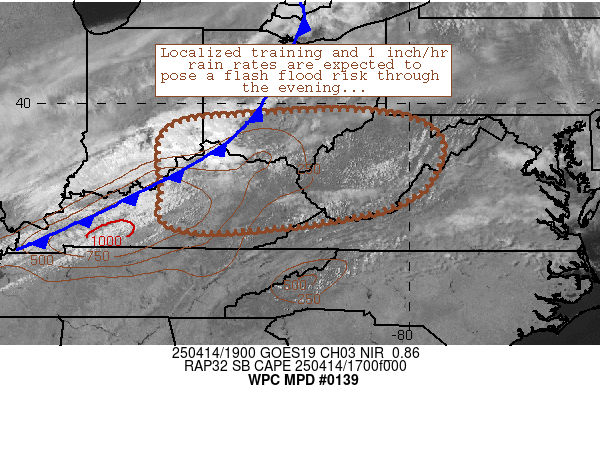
Areas affected...West Virginia, southern Ohio, northern/eastern
Kentucky

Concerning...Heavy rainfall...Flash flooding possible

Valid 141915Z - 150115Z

Summary...Scattered convection will produce areas/spots of 1
inch/hr rain rates at time, posing a risk of isolated flash
flooding through 04Z this evening.

Discussion...Over the past hour, scattered convection has
developed from Bloomington to near Cincinnati.  These cells were
on the northeastern extent of an axis of 1000-2000 J/kg SBCAPE and
were also along and just ahead of a surface front that was making
steady eastward progress across the Ohio Valley.  Convection was
already oriented parallel to steering flow aloft - with localized
training noted just south of Cincinnati already prompting
MRMS/local radar estimates of 0.75 inch/hr rain rates in a few
spots.

Through the afternoon, convection will mature and increase in
coverage, with supercellular wind profiles, moderate instability,
and continued orientation parallel to mean flow aloft supporting
localized areas of training.  Occasional areas of 1 inch/hr rain
rates are expected, which could fall over sensitive areas and
prompt isolated flash flooding.  Areawide FFGs are in the 1-1.5
inch/hr range and should be approached on an isolated basis where
the most focused/pronounced training could occur.  Convection
should move quickly eastward over the discussion area due to fast
flow aloft, with flash flood potential increasing over West
Virginia from the 22Z/5pm timeframe onward.  CAMs also indicate
potential for convective development southwestward along the front
(across Kentucky) that could produce brief/spotty flash flooding
if localized convective training can materialize.